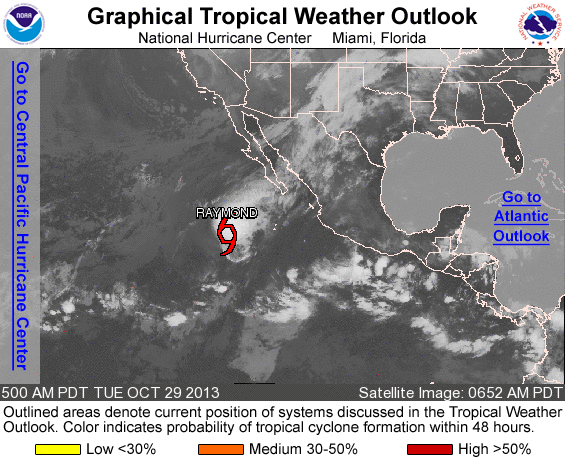
FOR THE EASTERN NORTH PACIFIC...EAST OF 140 DEGREES WEST LONGITUDE..

THE NATIONAL HURRICANE CENTER IS ISSUING ADVISORIES TROPICAL STORM RAYMOND...LOCATED SEVERAL HUNDRED MILES SOUTHWEST OF THE SOUTHERN TIP OF THE BAJA CALIFORNIA PENINSULA.

TROPICAL CYCLONE FORMATION IS NOT EXPECTED DURING THE NEXT 48 HOURS.

OTHER SYSTEMS WITH FORMATION POTENTIAL BEYOND 48 HOURS...

AN AREA OF LOW PRESSURE IS EXPECTED TO FORM SEVERAL HUNDRED MILES SOUTHWEST OF THE COAST OF MEXICO DURING THE NEXT COUPLE OF DAYS. ENVIRONMENTAL CONDITIONS ARE EXPECTED TO BECOME MORE CONDUCIVE FOR DEVELOPMENT LATER THIS WEEK WHILE THE DISTURBANCE MOVES NORTHWESTWARD AT 5 TO 10 MPH. THIS SYSTEM HAS A LOW CHANCE...NEAR 0 PERCENT...OF BECOMING A TROPICAL CYCLONE DURING THE NEXT 48 HOURS...AND A MEDIUM CHANCE...50 PERCENT...OF BECOMING A TROPICAL CYCLONE DURING THE NEXT 5 DAYS.

&&
FIVE-DAY FORMATION PROBABILITIES ARE EXPERIMENTAL IN 2013. COMMENTS ON THE EXPERIMENTAL FORECASTS CAN BE PROVIDED AT...

HTTP://WWW.NWS.NOAA.GOV/SURVEY/NWS-SURVEY.PHP?CODE=ETWO

FORECASTER BERG